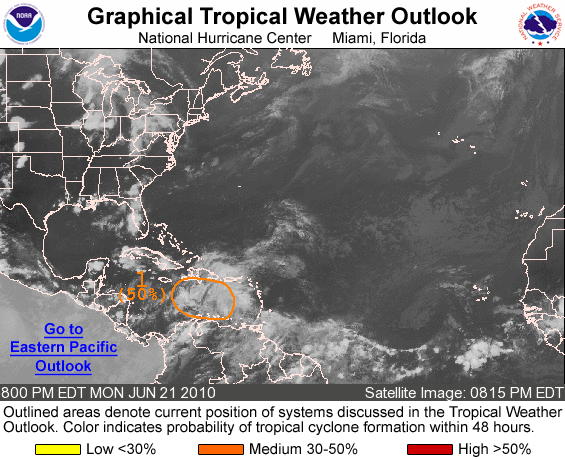
FOR THE NORTH ATLANTIC...CARIBBEAN SEA AND THE GULF OF MEXICO...

1. A VIGOROUS TROPICAL WAVE LOCATED FROM EASTERN HISPANIOLA SOUTHWARD OVER THE CENTRAL CARIBBEAN SEA IS PRODUCING WIDESPREAD CLOUDINESS AND SHOWERS ACROSS MUCH OF THE CENTRAL AND EASTERN CARIBBEAN SEA... HISPANIOLA...PUERTO RICO...AND NORTHERN VENEZUELA. THIS DISTURBANCE CONTINUES TO SHOW SIGNS OF INCREASED ORGANIZATION...AND UPPER-LEVEL WINDS ARE CONDUCIVE FOR A TROPICAL DEPRESSION TO FORM DURING THE NEXT COUPLE OF DAYS. THIS WEATHER SYSTEM COULD PRODUCE LOCALLY HEAVY RAINFALL AND GUSTY WINDS OVER PORTIONS OF PUERTO RICO...THE DOMINICAN REPUBLIC...HAITI...AND THE NETHERLANDS ANTILLES DURING THE NEXT DAY OR SO AS THE SYSTEM MOVES WEST-NORTHWESTWARD AT 10 TO 15 MPH. THERE IS A MEDIUM CHANCE...50 PERCENT...OF THIS SYSTEM BECOMING A TROPICAL CYCLONE DURING THE NEXT 48 HOURS.

ELSEWHERE...TROPICAL CYCLONE FORMATION IS NOT EXPECTED DURING THE NEXT 48 HOURS.

FORECASTER STEWART